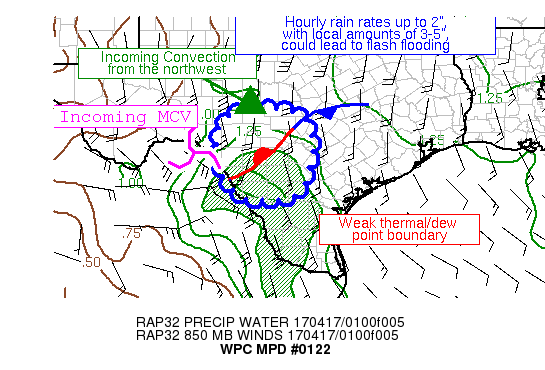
AREAS AFFECTED...SOUTH-CENTRAL TX

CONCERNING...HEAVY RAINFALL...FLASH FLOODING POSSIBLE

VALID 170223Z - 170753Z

SUMMARY...CONVECTION HAS BROKEN THE CAP ACROSS SOUTH-CENTRAL TX
AHEAD OF AN MCV MOVING IN FROM NORTHEAST MEXICO.  HOURLY RAIN
RATES UP TO 2", WITH LOCAL AMOUNTS OF 3-5", COULD LEAD TO FLASH
FLOODING.

DISCUSSION...A WEAK SURFACE DENSITY GRADIENT WAS BARELY
PERCEPTIBLE IN THE SURFACE OBSERVATIONS FROM EAGLE PASS
NORTHEASTWARD TO SERENEDA TX.  GPS DATA INDICATE PRECIPITABLE
WATER VALUES OF 1.25-1.5" ACROSS THE REGION.  INFLOW AT 850 HPA IS
30 KTS (NEARLY DOUBLE THE MEAN 850-400 HPA WIND) ON THE WARM SIDE
OF THE BOUNDARY PER VAD WIND PROFILES.  MUCAPES ARE 2000-3000
J/KG, WHICH DESPITE THE CIN DEVELOPING ACROSS THE REGION SHOULD
KEEP CONVECTION RELATIVELY CLOSE TO SURFACE BOUNDARIES.  BULK
SHEAR IN THE 0-6 KM LAYER IS AROUND 30 KTS, WHICH SHOULD BE
SUFFICIENT TO MAINTAIN CONVECTIVE ORGANIZATION.

THE 12Z ARW HAS DONE AN EXCELLENT JOB WITH THE FORECAST OF THE
CONVECTIVE REGIME IN WEST-CENTRAL AND SOUTH-CENTRAL TX (UNLIKE
RECENT GFS, RAP, AND HRRR RUNS WHICH HAVE BACKED OFF).  IT MOVES
CONVECTION UP THE BOUNDARY AND CONVECTION FROM WEST-CENTRAL TX IN
FROM THE NORTHWEST CREATING CELL MERGERS ALONG THE WAY.  DESPITE
ITS GOOD PERFORMANCE SO FAR, IT IS POSSIBLE THE 12Z ARW IS TOO FAR
NORTH, AS THE CONVECTION SHOULD FORM A COLD POOL WHICH WOULD
DEFLECT THE PROPAGATION TO A MORE EAST-SOUTHEAST DIRECTION FROM
ITS CURRENT LOCATION RATHER THAN NORTHEASTWARD, AT ROUGHLY 15-20
KTS.  SLIGHT VEERING IN THE LOW-LEVEL FLOW OVERNIGHT IMPLIES
FORWARD PROPAGATION AS WELL. THE AVAILABLE MOISTURE SUPPORTS
HOURLY RAIN RATES UP TO 2", WITH LOCAL AMOUNTS IN THE 3-5" RANGE,
WHICH COULD LEAD TO FLASH FLOODING, PARTICULARLY IN URBAN AREAS.